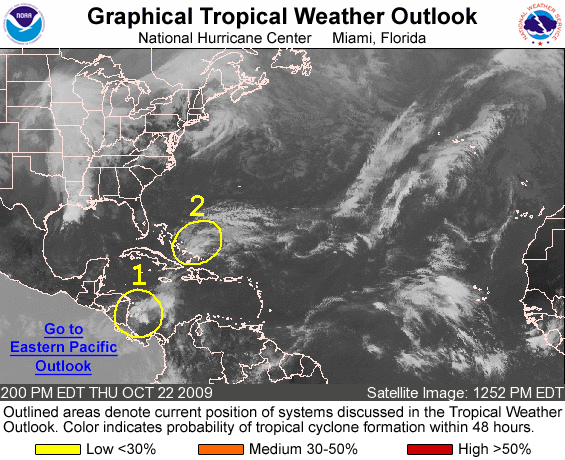
FOR THE NORTH ATLANTIC...CARIBBEAN SEA AND THE GULF OF MEXICO...

1. CLOUDINESS AND SHOWERS OVER THE SOUTHWESTERN CARIBBEAN SEA ARE ASSOCIATED WITH A NEARLY-STATIONARY AREA OF LOW PRESSURE JUST OFF THE EAST COAST OF NICARAGUA. FURTHER DEVELOPMENT...IF ANY...WILL BE SLOW TO OCCUR. THERE IS A LOW CHANCE...LESS THAN 30 PERCENT...OF THIS SYSTEM BECOMING A TROPICAL CYCLONE DURING THE NEXT 48 HOURS.

2. CLOUDINESS AND SHOWERS OVER PORTIONS OF THE EASTERN BAHAMAS AND THE ADJACENT ATLANTIC OCEAN ARE PRIMARILY ASSOCIATED WITH THE REMNANTS OF A COLD FRONT. THIS ACTIVITY IS FORECAST TO MOVE SLOWLY WESTWARD WITH NO SIGNIFICANT DEVELOPMENT. THERE IS A LOW CHANCE... LESS THAN 30 PERCENT...OF THIS SYSTEM BECOMING A TROPICAL OR SUBTROPICAL CYCLONE DURING THE NEXT 48 HOURS.

ELSEWHERE...TROPICAL CYCLONE FORMATION IS NOT EXPECTED DURING THE NEXT 48 HOURS.

FORECASTER AVILA